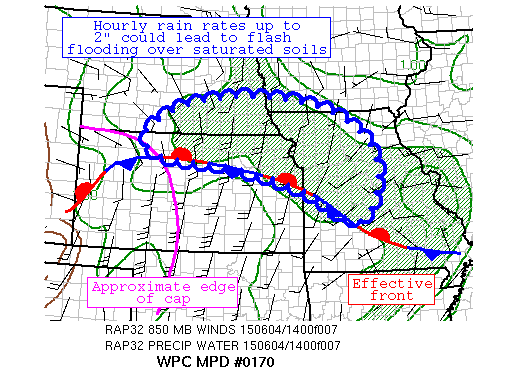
AREAS AFFECTED...NE/KS BORDER INTO NORTHWEST MO

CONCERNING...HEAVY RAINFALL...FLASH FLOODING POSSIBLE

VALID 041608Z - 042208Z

SUMMARY...DAYTIME HEATING AND A SHORTWAVE MOVING OUT OF CO ARE
EXPECTED TO SET THE STAGE FOR AFTERNOON THUNDERSTORMS NEAR A
SURFACE BOUNDARY.  CONSIDERING SATURATED SOILS, FLASH FLOODING
REMAINS POSSIBLE.

DISCUSSION...AN EARLY MORNING CONVECTIVE COMPLEX IS SLOWLY FADING
ACROSS THE KANSAS CITY AREA, LEAVING AN EFFECTIVE FRONT ACROSS
NORTHERN KS AND PORTIONS OF MO WHICH IS SHOWING AREAS OF A BROAD
15F OF TEMPERATURE GRADIENT.  PRECIPITABLE WATER VALUES REMAIN
NEAR 1.75", WITH 850 HPA INFLOW DOWN TO 15-25 KTS INTO THE REGION.
 CIN REMAINS ALONG THE BOUNDARY, WITH MIXED LAYER CAPES OF
2000-3000 J/KG NEAR AND TO ITS SOUTH.

THE GUIDANCE SHOWS 850 HPA INFLOW BACKING TO MORE SOUTHERLY INTO
NORTH-CENTRAL KS NEAR THE TOP OF THE SOUTHERN STREAM RIDGE AS A
SHORTWAVE APPROACHES THE REGION FROM CO WHILE THE EFFECTIVE FRONT
ACROSS KS/MO REMAINS STATIONARY.  RAP FORECASTS SHOW CAPE VALUES
INCREASING TO 5000 J/KG LATER THIS AFTERNOON WHILE 850 HPA INFLOW
INCREASES TO 25+ KTS.  CONVECTION SHOULD FORM NEAR THE BOUNDARY
ALONG THE EDGE OF THE CAP, REPRESENTED BY 700 HPA TEMPERATURES OF
12C, ONCE THE CIN ERODES IN THE 18-19Z TIME FRAME.  THIS SHOULD
REINFORCE THE EXISTING COLD POOL.  THE DEGREE OF INSTABILITY
COMBINED WITH DIRECTIONAL WIND SHEAR IS EXPECTED TO LEAD TO
FORWARD PROPAGATION, MUCH LIKE THE MORNING CONVECTION, TO THE EAST
AND EAST-SOUTHEAST AT ~25 KTS BASED ON FORWARD PROPAGATING CORFIDI
VECTORS AND THE 1000-500 HPA THICKNESS PATTERN.

CELL TRAINING IS THE MAIN THREAT IN THIS REGION OVER SATURATED
SOILS.  THE MESOSCALE GUIDANCE SHOWS A GENERAL BUT SCATTERSHOT
SIGNAL FOR LOCAL AMOUNTS OF 2-3" NEAR THE KS/NE BORDER.  A
COMPROMISE OF THE 00Z NMMB OPERATIONAL AND PARALLEL RUNS (FOR
EXPECTED ACTIVITY) AND THE 14Z HRRR (TO DEAL WITH THE REMAINS OF
THE CURRENT COMPLEX) APPEARS BEST.  THE DEGREE OF MOISTURE
AVAILABLE INDICATES THAT HOURLY RAIN RATES UP TO 2" ARE POSSIBLE,
WHICH COULD LEAD TO FLASH FLOODING.